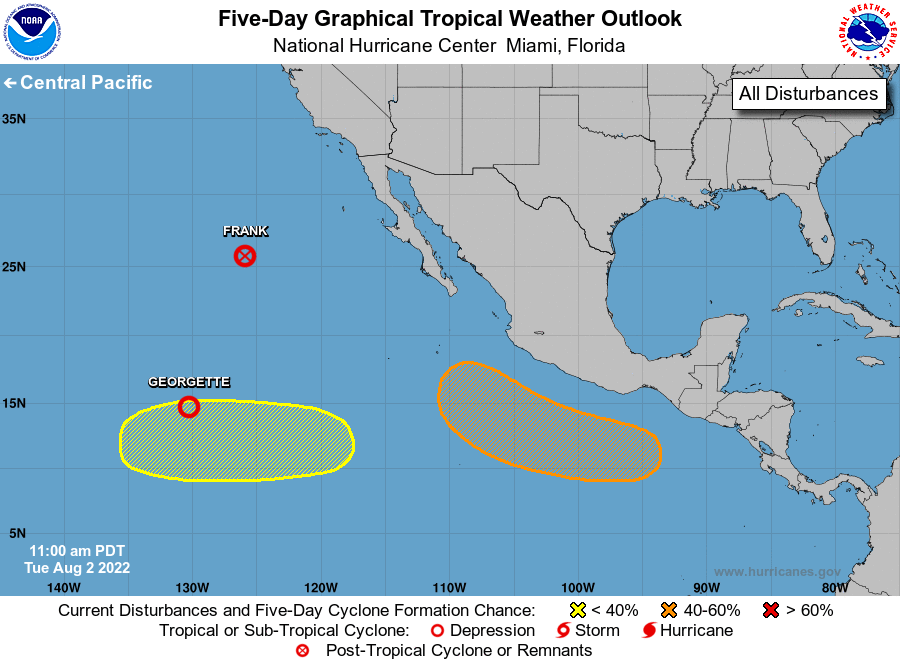
For the eastern North Pacific...east of 140 degrees west longitude:

Active Systems: The National Hurricane Center is issuing advisories on Tropical Storm Frank, located about 675 miles west-southwest of Punta Eugenia, Mexico, and on Tropical Depression Georgette, located about 1500 miles west-southwest of the southern tip of the Baja California peninsula.

1. Offshore of Southern Mexico: An area of low pressure is expected to form a few hundred miles south of eastern Mexico in a couple of days. Environmental conditions are expected to be favorable for gradual development thereafter, and a tropical depression could form this weekend. This system is forecast to move west-northwestward, remaining well offshore of the coast of southern Mexico.
* Formation chance through 48 hours...low...near 0 percent.
* Formation chance through 5 days...medium...60 percent.

2. Well Southwest of Southwestern Mexico: Another area of low pressure could form several hundred miles south-southwest of the southern tip of the Baja California peninsula later this week. Some gradual development of this system is possible by the end of this week while it moves westward over the open waters of the eastern Pacific basin.
* Formation chance through 48 hours...low...near 0 percent.
* Formation chance through 5 days...low...20 percent.

Forecaster Brown